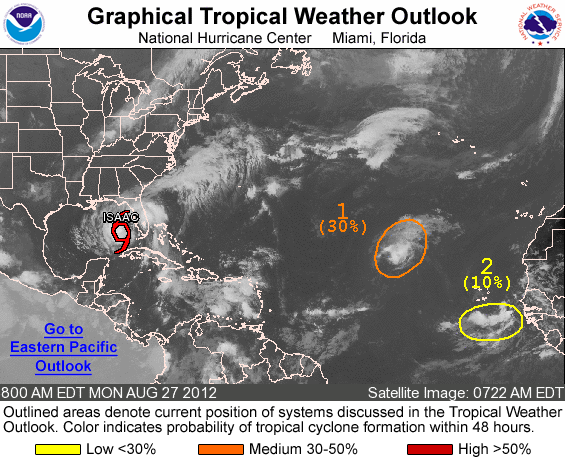
FOR THE NORTH ATLANTIC...CARIBBEAN SEA AND THE GULF OF MEXICO...

THE NATIONAL HURRICANE CENTER IS ISSUING ADVISORIES ON TROPICAL STORM ISAAC...LOCATED ABOUT 185 MILES WEST-SOUTH OF FORT MYERS FLORIDA.

1. A BROAD AREA OF LOW PRESSURE LOCATED ABOUT 1050 MILES WEST-NORTHWEST OF THE CAPE VERDE ISLANDS IS PRODUCING SHOWERS AND THUNDERSTORMS TO THE NORTH OF THE CENTER. UPPER-LEVEL WINDS ARE FORECAST TO BECOME LESS FAVORABLE FOR DEVELOPMENT DURING THE NEXT DAY OR TWO AS THE LOW MOVES WEST-NORTHWESTWARD TO NORTHWESTWARD AT 10 TO 15 MPH. THIS SYSTEM HAS A MEDIUM CHANCE...30 PERCENT...OF BECOMING A TROPICAL CYCLONE DURING THE NEXT 48 HOURS.

2. A TROPICAL WAVE BETWEEN THE CAPE VERDE ISLANDS AND THE WEST COAST OF AFRICA IS PRODUCING DISORGANIZED SHOWERS AND THUNDERSTORMS. ENVIRONMENTAL CONDITIONS ARE CONDUCIVE FOR SOME GRADUAL DEVELOPMENT OF THIS DISTURBANCE DURING THE NEXT COUPLE OF DAYS. THIS SYSTEM HAS A LOW CHANCE...10 PERCENT...OF BECOMING A TROPICAL CYCLONE DURING THE NEXT 48 HOURS AS IT MOVES WESTWARD AT 10 TO 15 MPH.

ELSEWHERE...TROPICAL CYCLONE FORMATION IS NOT EXPECTED DURING THE NEXT 48 HOURS.

FORECASTER CANGIALOSI